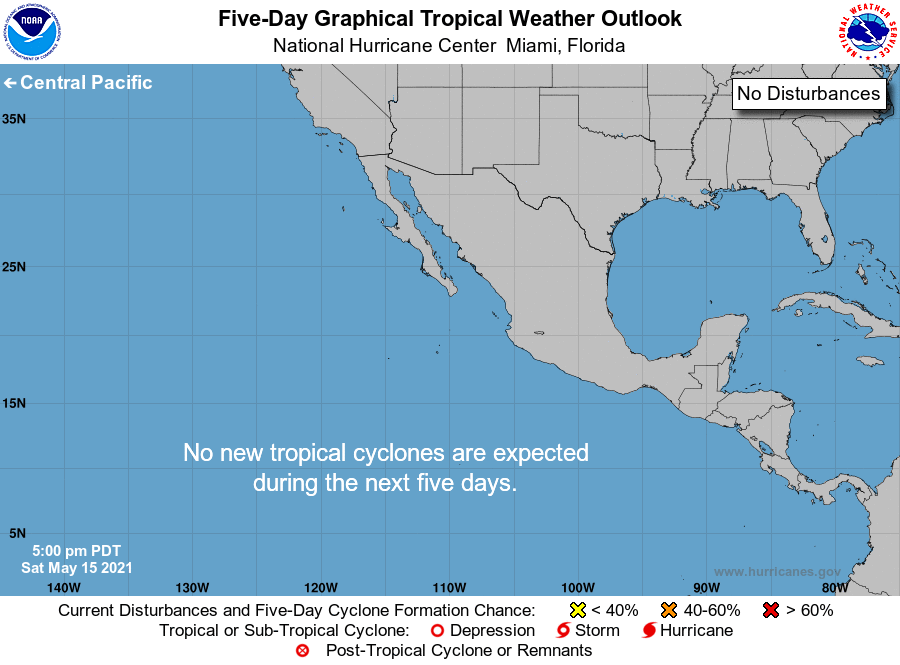
For the eastern North Pacific...east of 140 degrees west longitude:

Tropical cyclone formation is not expected during the next 5 days.

Forecaster Stewart